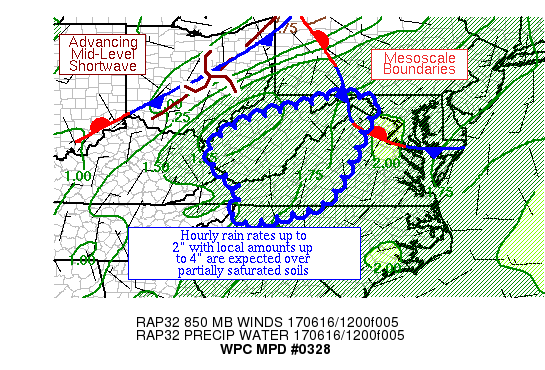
AREAS AFFECTED...EASTERN WV & WESTERN VA

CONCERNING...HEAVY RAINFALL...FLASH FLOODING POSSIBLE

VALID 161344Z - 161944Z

SUMMARY...PULSE CONVECTION IS EXPECTED TO INCREASE COVERAGE AND
INTENSITY LATE THIS MORNING AND THIS AFTERNOON.  HOURLY RAIN RATES
UP TO 2" WITH LOCAL AMOUNTS TO 4" ARE EXPECTED.

DISCUSSION...ERODING CIN HAS LED TO NEW SURFACE-BASED CONVECTIVE
DEVELOPMENT IN SOUTHWEST WV AND NORTHWEST NC.  EXPERIMENTAL
GOES-16 IMAGERY SHOWS NEW CUMULUS DEVELOPMENT IN THE BLUE RIDGE
MOUNTAINS WITHIN AN AREA OF PARTLY SUNNY SKIES.  UPSTREAM, A
SHORTWAVE ALOFT IS SEEN ON WATER VAPOR IMAGERY THIS MORNING MOVING
INTO EASTERN OH.  MLCAPES ARE CURRENTLY 500-1000 J/KG.  LOW-LEVEL
INFLOW IS WEAK AND CYCLONIC ACROSS THE REGION, WITH EFFECTIVE BULK
SHEAR LESS THAN 25 KTS, WHICH SHOULD KEEP CONVECTION PULSE IN
NATURE.  PRECIPITABLE WATER VALUES OF 1.75-2" EXIST HERE.

WITH SKIES PARTLY SUNNY, BELIEVE MLCAPES SHOULD BUILD ANOTHER
500-1000 J/KG DUE TO DAYTIME HEATING, REACHING ~1500 J/KG.
TOPOGRAPHY SHOULD ACT AS THE PRIMARY CONVECTIVE FOCUS, WITH STORMS
MOVING WITH THE MEAN 850-400 HPA FLOW AND FORWARD PROPAGATING
CONVECTIVE VECTORS TO THE EAST-NORTHEAST TO NORTHEAST AT 10-15
KTS.  THE BACK EDGE OF THE THREAT AREA APPEARS TO BE MARKED BY AN
AREA OF PROGRESSIVE SHOWERS/ THUNDERSTORMS MOVING INTO FAR
SOUTHWEST WV ON THE WEST (AS SKIES IN THEIR WAKE ARE OVERCAST) AND
NEW CONVECTION IN NORTHWEST NC ON THE SOUTH WHICH SHOULD BOTH
FORWARD PROPAGATE INTO THE DEVELOPING INSTABILITY POOL AND
EVENTUALLY LEAD TO CELL MERGERS. SHORT PERIODS OF CELL TRAINING
ARE POSSIBLE AS THE FLOW IS NEARLY UNIDIRECTIONAL WITH HEIGHT.

THE PATTERN FROM THE 00Z SPC WRF AND RECENT RAP/HRRR RUNS APPEAR
TO HAVE CAPTURED THE THREAT AREA BEST.  THE AVAILABLE MOISTURE
SUPPORTS HOURLY RAIN RATES TO 2", WITH THE MESOSCALE GUIDANCE
SHOWING A SIGNAL FOR LOCAL AMOUNTS OF ~4".  SOILS IN THIS REGION
HAVE BEEN PARTIALLY SATURATED BY RECENT RAINFALL, AND IN SOME
AREAS, THE TOPOGRAPHY IS RUGGED.  THE 06Z SSEO NEIGHBORHOOD
PROBABILITIES OF EXCEEDING THE THREE HOUR FLASH FLOOD GUIDANCE
BREACHES 70% FROM 18-22Z.  FLASH FLOODING IS A CONCERN.